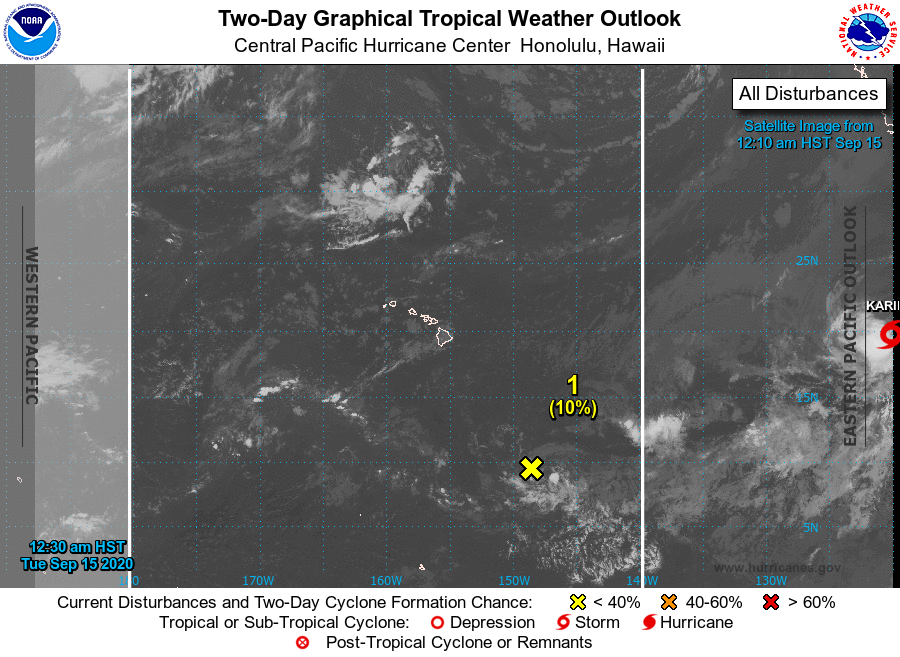
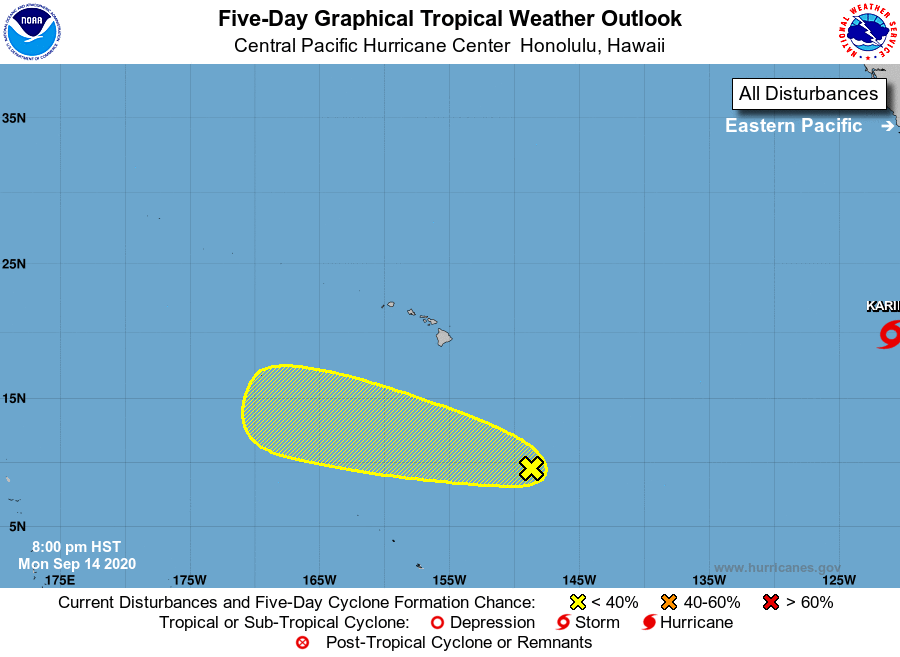
For the central North Pacific...between 140W and 180W:

1. A disturbance about 750 miles southeast of Hilo, Hawaii remains disorganized. Environmental conditions are not expected to be favorable for the disturbance to strengthen.
* Formation chance through 48 hours...low...10 percent.
* Formation chance through 5 days...low...10 percent.

Elsewhere, no tropical cyclones are expected during the next 5 days.

Forecaster Donaldson